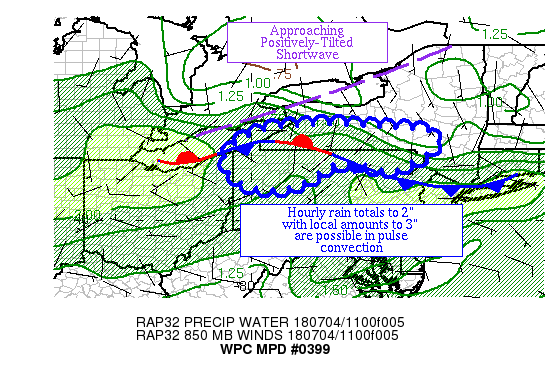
AREAS AFFECTED...NORTHWEST PA & SOUTHERN TIER OF NY

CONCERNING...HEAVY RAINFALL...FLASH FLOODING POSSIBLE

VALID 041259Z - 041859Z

SUMMARY...SHOWERS AND THUNDERSTORMS ARE GROWING IN COVERAGE NEAR A
STATIONARY FRONT.  WITHIN THE PULSE CONVECTION, HOURLY RAIN TOTALS
TO 2" WITH LOCAL AMOUNTS OF 3" ARE POSSIBLE.

DISCUSSION...A POSITIVELY TILTED SHORTWAVE EXTENDING
WEST-SOUTHWEST FROM NORTHERN NY INTO LAKES ONTARIO AND ERIE NOTED
ON WATER VAPOR IMAGERY AS AN AREA OF UPPER LEVEL DRYING AND A WEAK
850 HPA LOW WEST OF BUFFALO APPEAR TO HAVE BEEN SUFFICIENT TO LEAD
TO A RECENT UPTICK IN BOTH MU CAPE VALUES AND CONVECTIVE COVERAGE
NEAR THE WESTERN PA/NY BORDER NEAR A WAVY STATIONARY BOUNDARY.  A
RECENT SOUNDING FROM BUFFALO INDICATES ~1400 J/KG OF SURFACE-BASED
CAPE, WHICH IS A RATHER GOOD MATCH TO SPC MESOANALYSES.  FLOW IN
THE LOW- TO MID-LEVELS IS WEAK DUE TO THE PROXIMITY OF A LOW- TO
MID-LEVEL RIDGE, WHICH IS LEADING TO A PULSE CHARACTER TO THE
MORNING CONVECTION.  INFLOW IS WEAK OUT OF THE WEST-SOUTHWEST AT
10 KTS.

THE MESOSCALE GUIDANCE IS STRUGGLING HERE, THOUGH THERE WAS SOME
SIGNAL FOR 1"+ AN HOUR RAIN TOTALS WITHIN THE HREF MEMBERS THROUGH
15Z BEFORE CIN ERODES.  FROM 16Z ONWARD, SURFACE-BASED CONVECTION
IS EXPECTED TO TAKE OVER NEAR THE PA/NY BORDER AS THE BASE OF THE
WEAK UPPER LEVEL SHORTWAVE MOVES IN FROM THE WEST WHICH SHOULD
LEAD TO ANOTHER ROUND OF PULSE CONVECTION.  THE 06Z NAM CONEST AND
RECENT EXPERIMENTAL HRRR RUNS WERE MISSING THE BOAT ON THE CURRENT
ACTIVITY, WHILE OPERATIONAL HRRR AND 06Z CANADIAN RUNS HAD A
BETTER GRASP ON THE SITUATION.  ALONG WITH THE BORDERLAND, THE
GUIDANCE HAS A SIGNAL FOR AFTERNOON CONVECTION WITH HEAVY RAINFALL
IN WESTERN PA BY 19Z.  HOURLY RAIN TOTALS TO 2" WITH LOCAL AMOUNTS
TO 3" ARE ANTICIPATED, WHICH COULD LEAD TO LOCALIZED ISSUES.